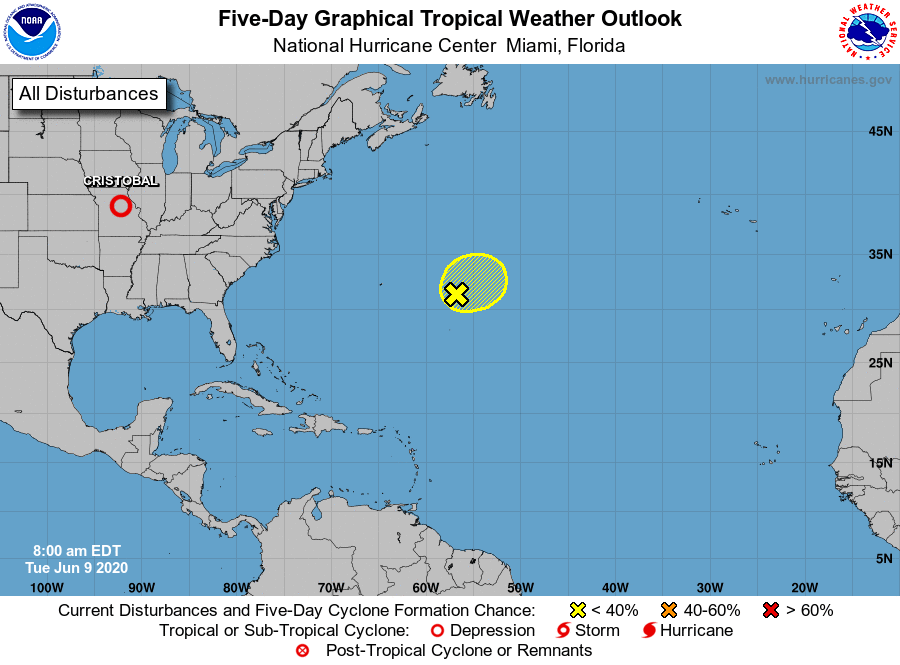
For the North Atlantic...Caribbean Sea and the Gulf of Mexico:

The Weather Prediction Center is issuing advisories on Tropical Depression Cristobal, centered inland over Missouri.

1. A non-tropical area of low pressure has formed over the central Atlantic Ocean a few hundred miles east of Bermuda. Development of this system as a subtropical cyclone appears unlikely due to unfavorable environmental conditions, and the low is expected to dissipate in a few days.
* Formation chance through 48 hours...low...10 percent.
* Formation chance through 5 days...low...10 percent.

Public Advisories issued by the Weather Prediction Center on Tropical Depression Cristobal can be found under AWIPS header TCPAT3, WMO header WTNT33 KWNH, and on the web at http://www.wpc.ncep.noaa.gov.

Forecaster Berg